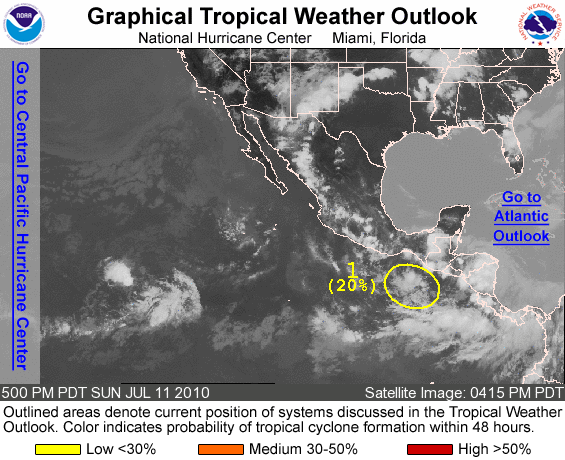
FOR THE EASTERN NORTH PACIFIC...EAST OF 140 DEGREES WEST LONGITUDE..

1. SHOWERS AND THUNDERSTORMS IN ASSOCIATION WITH A BROAD AREA OF LOW PRESSURE LOCATED ABOUT 150 MILES SOUTH OF THE GUATEMALA/MEXICO BORDER REMAIN POORLY ORGANIZED. SOME SLOW DEVELOPMENT OF THIS SYSTEM IS POSSIBLE OVER THE NEXT COUPLE OF DAYS AS IT MOVES SLOWLY WESTWARD OR WEST-NORTHWESTWARD. THERE IS A LOW CHANCE...20 PERCENT ...OF THIS SYSTEM BECOMING A TROPICAL CYCLONE DURING THE NEXT 48 HOURS.

ELSEWHERE...TROPICAL CYCLONE FORMATION IS NOT EXPECTED DURING THE NEXT 48 HOURS.

FORECASTER CANGIALOSI